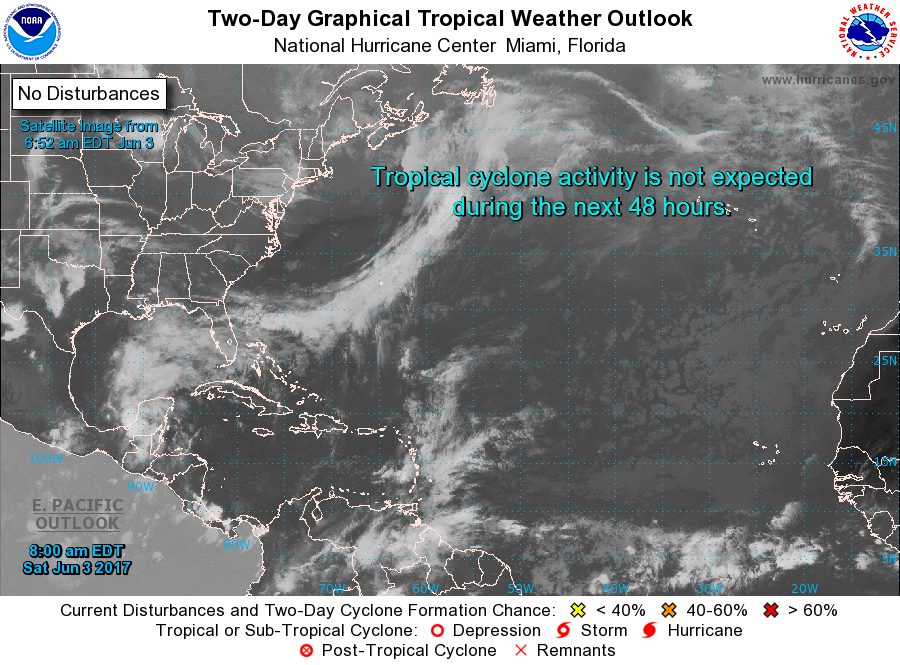
For the North Atlantic...Caribbean Sea and the Gulf of Mexico:

Tropical cyclone formation is not expected during the next 5 days.

Forecaster Beven